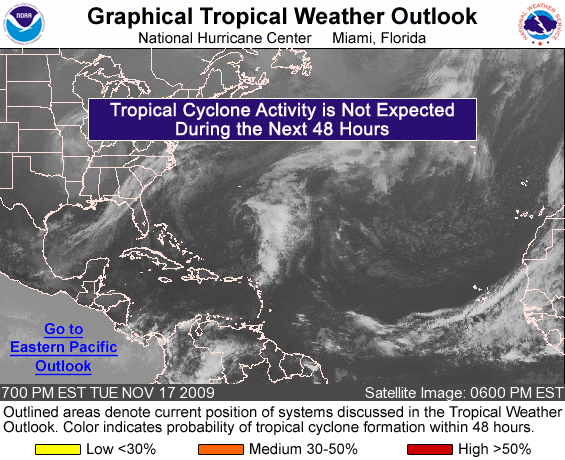
FOR THE NORTH ATLANTIC...CARIBBEAN SEA AND THE GULF OF MEXICO...

TROPICAL CYCLONE FORMATION IS NOT EXPECTED DURING THE NEXT 48 HOURS.

FORECASTER BERG